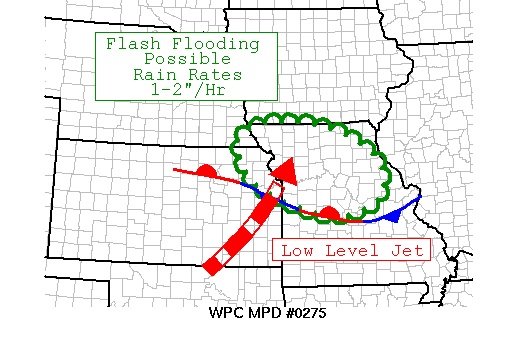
AREAS AFFECTED......MISSOURI...

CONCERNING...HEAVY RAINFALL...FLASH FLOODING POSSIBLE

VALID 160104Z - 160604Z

SUMMARY...FLASH FLOODING WILL BECOME INCREASINGLY POSSIBLE THIS
EVENING AND OVERNIGHT AS DEEP CONVECTION INCREASES AND
BACKBUILDING OCCURS.

DISCUSSION...00Z KOAX AND KTOP RAOBS SHOW DEEP MOISTURE PROFILES
CONTAINING PW VALUES NEAR OR IN EXCESS OF 2 INCHES AND STRONGLY
VEERING WINDS.  ALTHOUGH LAPSE RATES ARE NEARLY MOIST
ADIABATIC...STEEPER LAPSE ARE ADVECTING FROM UPSTREAM.  RADAR
IMAGERY SHOWS GRADUALLY GROWING CONVECTION OVER NORTHWEST MISSOURI
WHICH IS CONSISTENT WITH THE MAJORITY OF MODEL GUIDANCE AS THE
SHORTWAVE TROUGH APPROACHES.

18Z RUNS OF THE NAM CONUS NEST AND GFS HAVE SHIFTED THEIR AXES OF
MAXIMUM QPF SOUTHWARD OVERNIGHT AND ARE NOW ALIGNED WITH THE
MAJORITY OF HI-RES GUIDANCE THAT DEPICTS THE POTENTIAL FOR SEVERAL
OR MORE INCHES OF RAINFALL.  THE RAINFALL ACROSS NORTHERN MISSOURI
HAS ALREADY PROMOTED AN ACCELERATION OF INFLOW...AND EXPECT IT TO
ONLY INCREASE AS THE LOW LEVEL JET DEVELOPS.

GIVEN THE POTENTIAL FOR A 50 KNOT LOW LEVEL JET OVERNIGHT...EXPECT
CONVECTION TO CONTINUE INCREASING NORTH OF THE STATIONARY FRONT
WITH INCREASING LIKELIHOOD FOR NEARLY STATIONARY OR BACKBUILDING
DEVELOPMENT.  ALSO GIVEN PW VALUES NEAR 2 INCHES...RAINFALL RATES
OF AT LEAST 1 INCH PER HOUR SEEM LIKELY...WITH THE POTENTIAL FOR 2
TO 2.5 INCHES PER HOUR QUITE POSSIBLE.  SOME HI-RES RUNS DEPICT
THE POTENTIAL FOR 4 TO 8 INCHES OF RAINFALL ACROSS PARTS OF N.
MISSOURI.  WHILE NOT EXPECTED BASIN-WIDE...
SIMILAR AMOUNTS LOCALLY ARE QUITE POSSIBLE...AND WOULD LEAD TO
FLASH FLOODING.